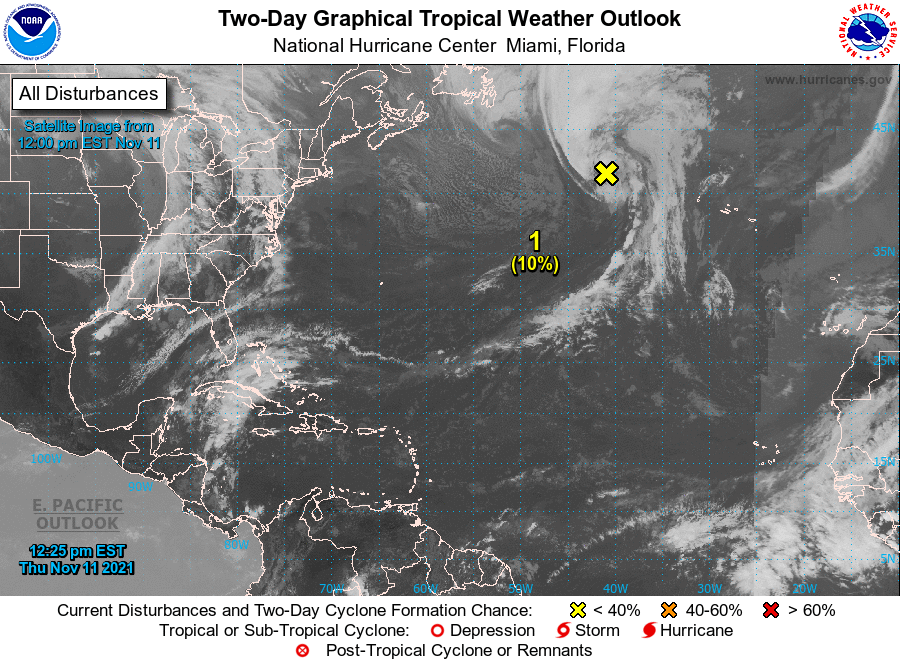
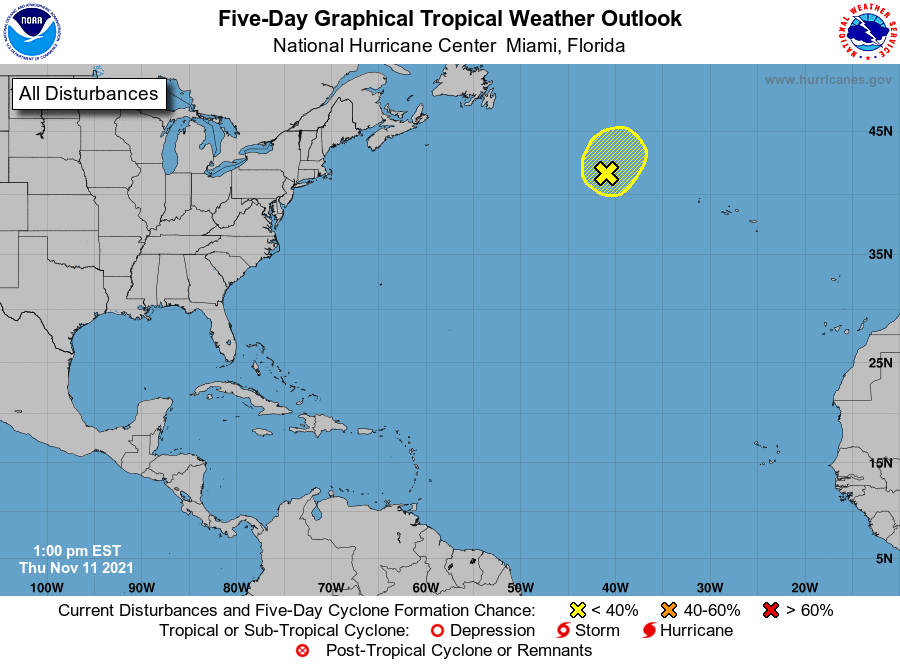
For the North Atlantic...Caribbean Sea and the Gulf of Mexico:

1. A large and powerful non-tropical area of low pressure located several hundred miles southeast of Cape Race Newfoundland is producing a broad area of showers, gale to near-hurricane-force winds, and dangerous seas across portions of the north-central Atlantic. Although the chance for subtropical development continues to decrease as it moves over much cooler waters, this system is forecast to intensify into a hurricane-force extratropical low by tonight. Additional information on this system, including hurricane-force wind warnings, can be found in High Seas forecasts issued by the National Weather Service.
* Formation chance through 48 hours...low...10 percent.
* Formation chance through 5 days...low...10 percent.

High Seas Forecasts issued by the National Weather Service can be found under AWIPS header NFDHSFAT1, WMO header FZNT01 KWBC, and online at ocean.weather.gov/shtml/NFDHSFAT1.php

Forecaster Latto